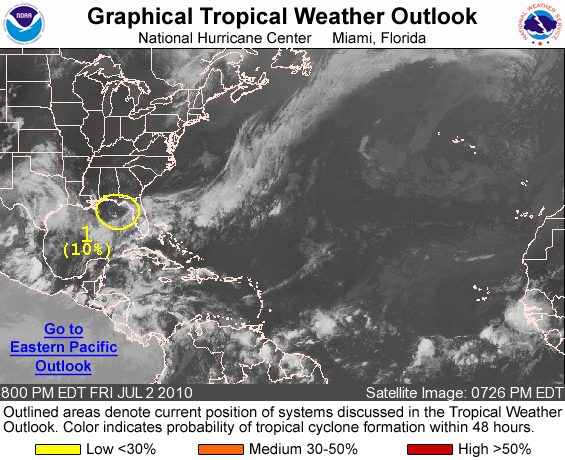
FOR THE NORTH ATLANTIC...CARIBBEAN SEA AND THE GULF OF MEXICO...

1. A WEAK NON-TROPICAL LOW PRESSURE AREA...ASSOCIATED WITH A FRONTAL ZONE...IS LOCATED OVER THE NORTHEASTERN GULF OF MEXICO ABOUT 70 MILES SOUTH OF APALACHICOLA FLORIDA. THE LOW IS FORECAST TO MOVE SLOWLY TOWARD THE WEST-SOUTHWEST DURING THE NEXT DAY OR TWO. UPPER-LEVEL WINDS ARE NOT CURRENTLY CONDUCIVE FOR DEVELOPMENT...AND THERE IS A LOW CHANCE...10 PERCENT...OF THIS SYSTEM BECOMING A TROPICAL OR SUBTROPICAL CYCLONE DURING THE NEXT 48 HOURS.

ELSEWHERE...TROPICAL CYCLONE FORMATION IS NOT EXPECTED DURING THE NEXT 48 HOURS.

FORECASTER BEVEN